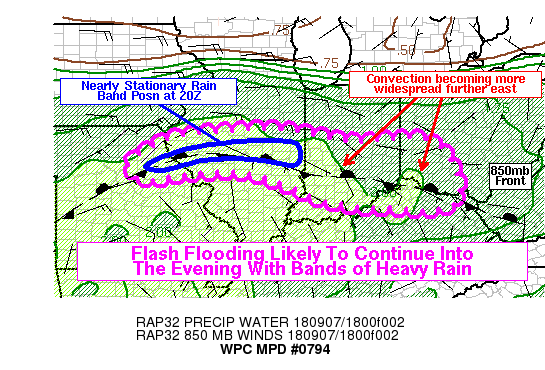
Areas affected...NE MO, C IL, C/S IN, SW OH, N KY

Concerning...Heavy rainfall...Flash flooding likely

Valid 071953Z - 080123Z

Summary...Bands of heavy rain are likely to continue into the
evening hours from northeast Missouri, east into Illinois,
Indiana, and southwest Ohio and northern Kentucky. Rain rates of
1-2 in/hr will be common in these heavy rain bands, and they may
be nearly stationary at times. This could produce locally heavy
rainfall in excess of 3 inches. Some areas of flooding are likely
to result from this heavy rain.

Discussion...A stationary front continues to be draped from the
Plains into the Ohio Valley, and has moved very little over the
course of the day. The front did show perhaps some slight slope to
the north with height, with the 850mb front (as suggested by RAP
analysis and radar VWP data) aligned with most of the heavy rain
bands and developing convection at 20Z. The environment across the
region continues to be characterized by deep moisture.
Precipitable water values are around 2 inches in most of the
highlighted area per CIRA blended TPW product, and these values
are generally above the 95th percentile for September in this
region. RAP soundings along the length of the front show saturated
or nearly saturated profiles through most of the depth of the
troposphere, and tall, narrow CAPE profiles. Both are
characteristic of an environment that will favor warm rain
processes in convective bands that are shallower in depth.

One such rain band was located from just southwest of Hannibal MO,
to near Springfield IL, to just south of Danville IL. Most of the
35-40+ dBZ reflectivity was concentrated below 15,000 feet, which
was around the freezing level per RAP soundings. The KILX dual pol
and MRMS rainfall estimates were substantially underestimating
observed rainfall. For example, KDEC reported 1.15 inches of rain
in an hour ending around 20Z, while KILX dual pol suggested around
0.6 inches, and MRMS suggested around 0.7 inches. Similar low bias
was observed at surrounding observation sites as well. Dual pol
radar parameters confirmed that warm rain processes were likely
dominating in this convective band, with ZDR near or less than 1
dB, indicative of numerous small, more spherical rain droplets.
This narrow band was showing a slight drift but was nearly
stationary, and could produce a significant swath of rainfall in
central Illinois with flash flooding likely. Recent runs of the
HRRR suggest this band could persist another few hours.

Further to the east, in portions of Indiana, Ohio and Kentucky,
convection was more scattered, but was also slow-moving, locked in
the low-mid level deformation zone along the front. Given the
shallow nature of the convection, it was being steered more by the
flow in the lowest 6km, which was generally less than 10 knots.
The 12Z HREF shows a notable increase in the probability of heavy
rain rates (1-2 in/hr) in the next few hours in south-central
Indiana. Some instances of flash flooding are also likely in this
region further to the east, but it may not necessarily manifest as
a continuous, focused rain band as is being observed in central
Illinois.